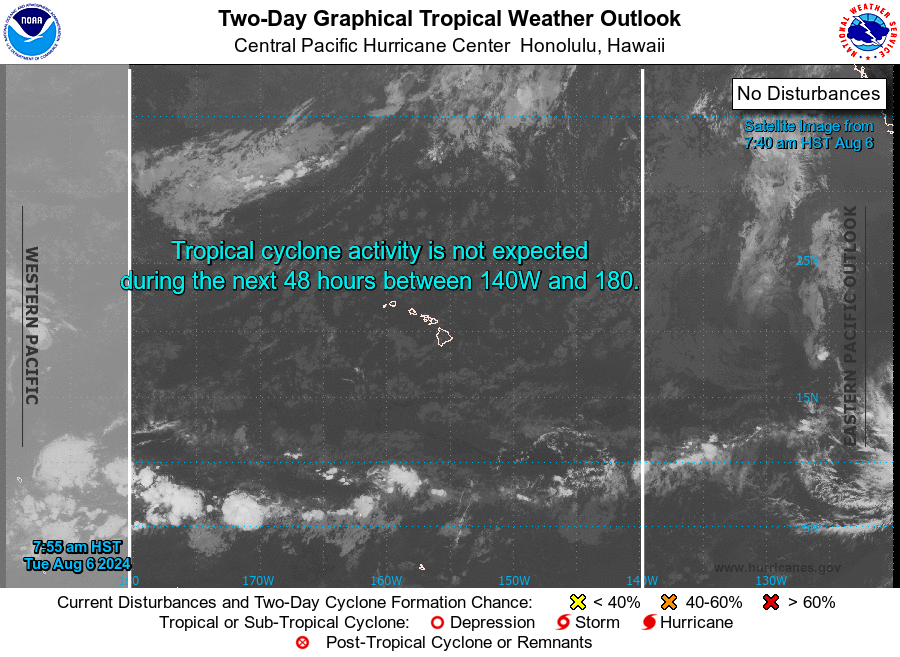
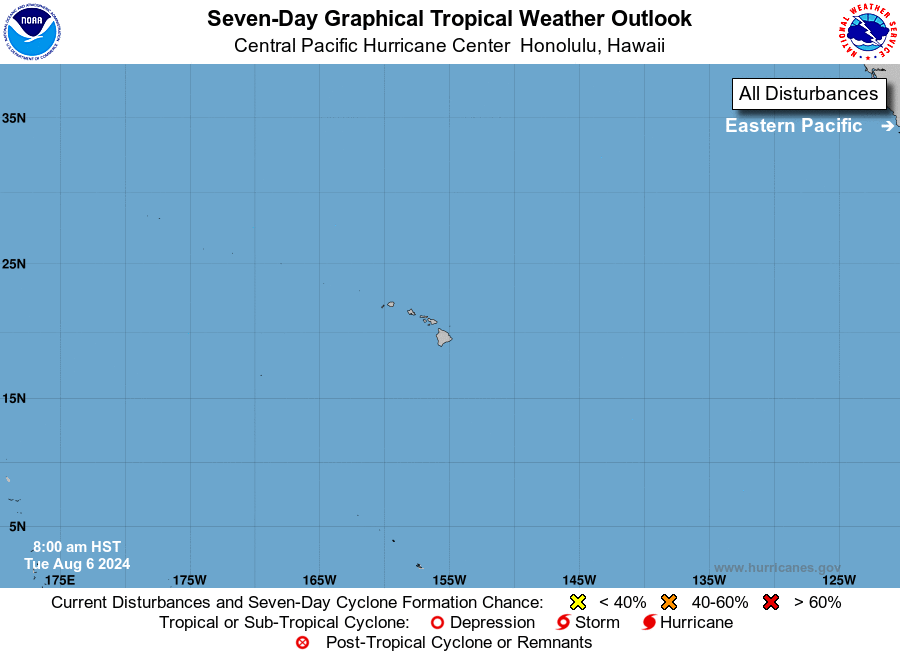
For the central North Pacific...between 140W and 180W:

No tropical cyclones are expected through the next 7 days.

Forecaster Kino